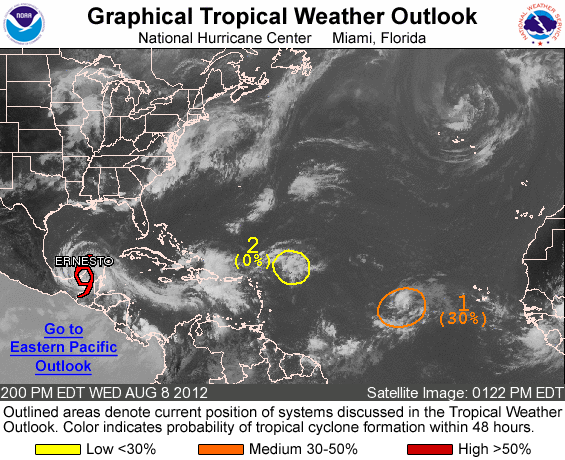
FOR THE NORTH ATLANTIC...CARIBBEAN SEA AND THE GULF OF MEXICO...

THE NATIONAL HURRICANE CENTER IS ISSUING ADVISORIES ON TROPICAL STORM ERNESTO...LOCATED OVER THE SOUTHERN YUCATAN PENINSULA OF MEXICO ABOUT 60 MILES EAST-NORTHEAST OF CIUDAD DEL CARMEN.

1. A LOW PRESSURE AREA ASSOCIATED WITH A TROPICAL WAVE LOCATED ABOUT 750 MILES WEST OF THE CAPE VERDE ISLANDS HAS CHANGED LITTLE IN ORGANIZATION DURING THE PAST SEVERAL HOURS. ENVIRONMENTAL CONDITIONS ARE MARGINALLY CONDUCIVE FOR GRADUAL DEVELOPMENT OVER THE NEXT COUPLE OF DAYS. THIS SYSTEM HAS A MEDIUM CHANCE...30 PERCENT...OF BECOMING A TROPICAL CYCLONE DURING THE NEXT 48 HOURS AS IT MOVES WESTWARD AT 10 TO 15 MPH.

2. THE REMNANTS OF FLORENCE...A TROPICAL WAVE LOCATED ABOUT 350 MILES EAST-NORTHEAST OF THE NORTHERN LEEWARD ISLANDS...CONTINUE TO PRODUCE DISORGANIZED THUNDERSTORM ACTIVITY. HOWEVER...UPPER-LEVEL WINDS ARE NOT EXPECTED TO BE CONDUCIVE FOR REDEVELOPMENT...AND THIS SYSTEM HAS A LOW CHANCE...NEAR 0 PERCENT...OF BECOMING A TROPICAL CYCLONE AGAIN DURING THE NEXT 48 HOURS AS IT MOVES WEST- NORTHWESTWARD AT ABOUT 20 MPH.

ELSEWHERE...TROPICAL CYCLONE FORMATION IS NOT EXPECTED DURING THE NEXT 48 HOURS.

FORECASTER SULLIVAN